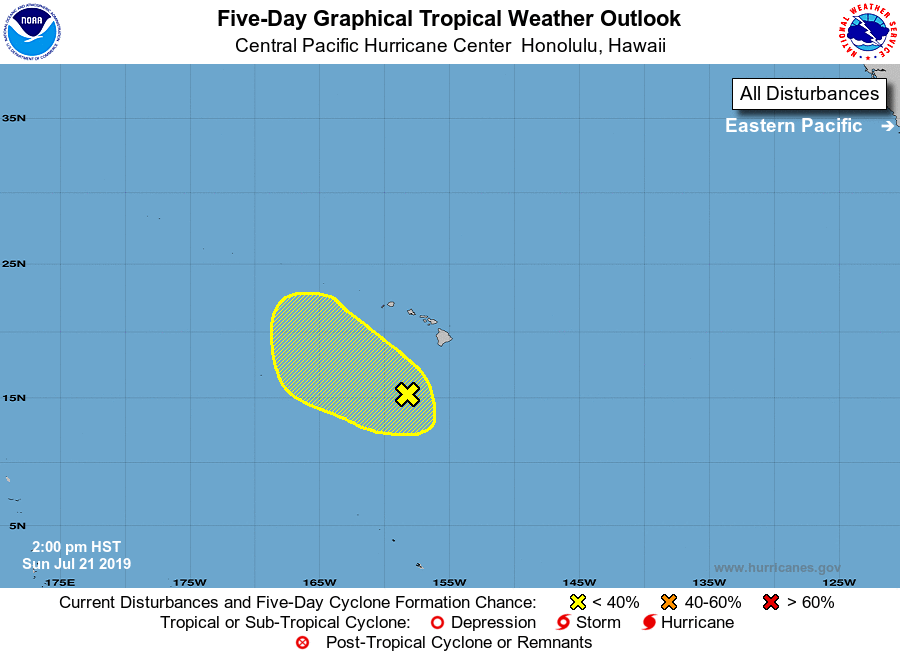
For the central North Pacific...between 140W and 180W:

1. An area of low pressure is located several hundred miles south southwest of the Big Island of Hawaii. Environmental conditions will become less conducive for development over the next few days as it moves northwest at 10 to 15 mph.
* Formation chance through 48 hours...low...10 percent
* Formation chance through 5 days...low...10 percent

Elsewhere, no tropical cyclones are expected during the next 5 days.

Forecaster Morrison